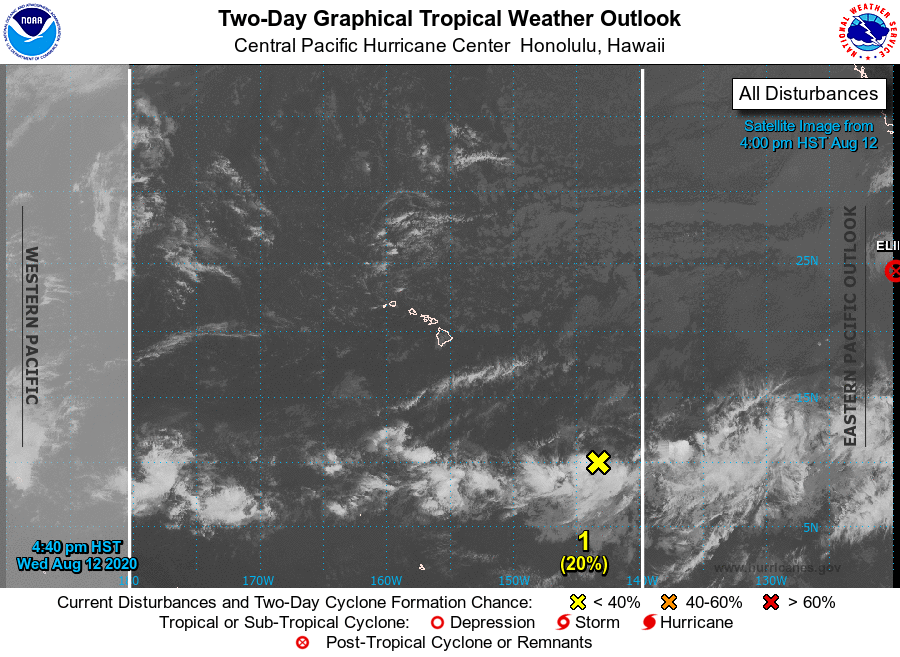
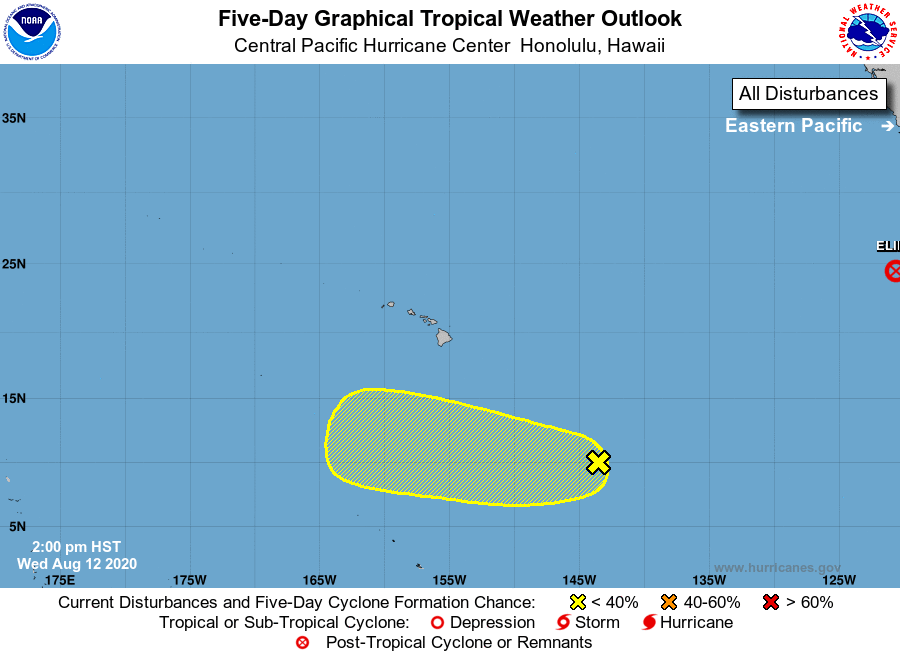
For the central North Pacific...between 140W and 180W:

1. An area of disturbed weather persists about 1000 miles southeast of Hilo. Gradual development is possible later this week as the system moves slowly west.
* Formation chance through 48 hours...low...20 percent.
* Formation chance through 5 days...low...30 percent.

Elsewhere, no tropical cyclones are expected during the next 5 days.

Forecaster Donaldson